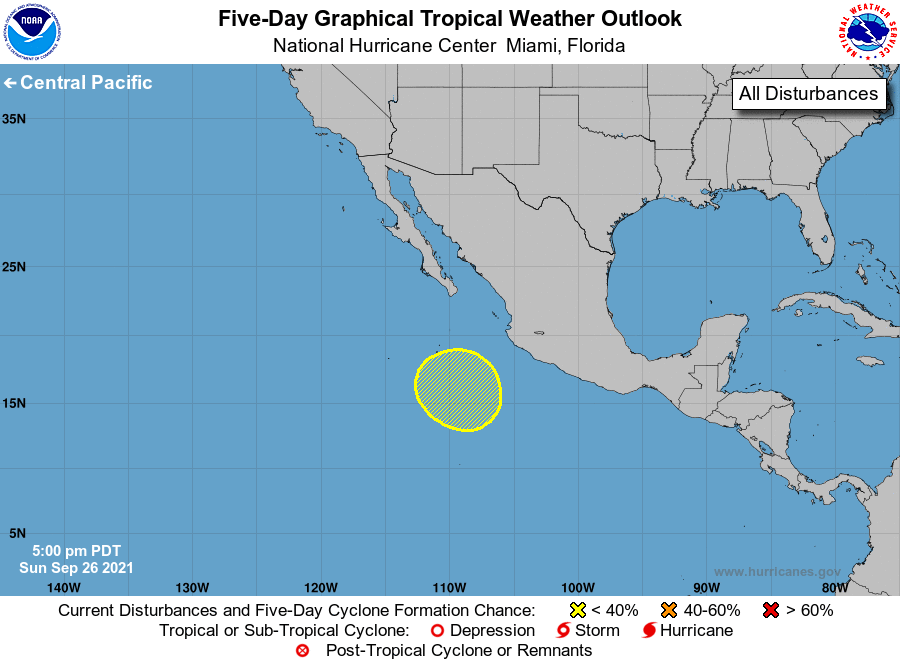
For the eastern North Pacific...east of 140 degrees west longitude:

1. An area of low pressure is likely to form several hundred miles southwest of the southwestern coast of Mexico in a few days. Environmental conditions could be conducive for slow development by midweek while the systems moves slowly toward the northwest.
* Formation chance through 48 hours...low...near 0 percent.
* Formation chance through 5 days...low...20 percent.

Forecaster Blake